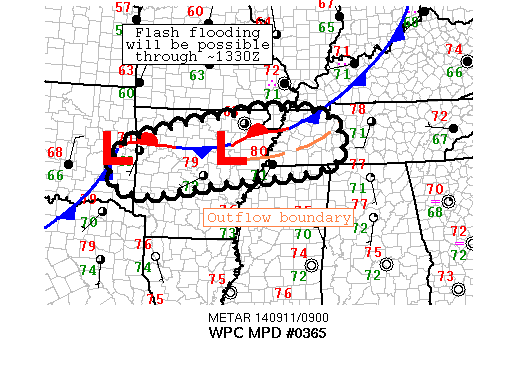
AREAS AFFECTED...WESTERN TO CENTRAL AR/SOUTHEASTERN OK/NORTHERN
MS/WESTERN TN...

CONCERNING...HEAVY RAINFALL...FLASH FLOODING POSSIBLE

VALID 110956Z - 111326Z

SUMMARY...A LOOSELY ORGANIZED AXIS OF CONVECTION CONTINUES TO
AFFECT THE NORTHERN HALF OF AR AND  WESTERN TN. HOURLY RAINFALL
RATES HAVE ALREADY APPROACHED 2 INCHES WITH AT LEAST ONE FLASH
FLOOD REPORT IN WESTERN TN. UPSTREAM DEVELOPMENT ACROSS FAR
EASTERN OK/WESTERN AR SHOULD EVENTUALLY CROSS REGIONS WHICH HAVE
ALREADY SEEN ABUNDANT RAINFALL OVERNIGHT. FLASH FLOODING IS
POSSIBLE THROUGH AT LEAST 1330Z.

DISCUSSION...A FRONTAL BOUNDARY HAS REMAINED IN A STATIONARY
POSITION ACROSS AR EASTWARD INTO WESTERN TN. AN INCREDIBLE AMOUNT
OF MOISTURE HAS ANCHORED ITSELF ALONG THIS BAROCLINIC ZONE WITH
THE 08Z RAP SUGGESTING PWATS RANGING FROM 2.25 TO 2.50 INCHES. THE
MODELS INDICATE THE HIGH END MOISTURE CONTENT SHOULD REMAIN OVER
THE REGION THE NEXT SEVERAL HOURS. THE ONGOING HEAVY RAINFALL HAS
ORIENTED ITSELF IN A WEST TO EAST FASHION WITH ADDITIONAL
DEVELOPMENT OCCURRING UPSTREAM. WATER VAPOR IMAGERY DEPICTED
SEVERAL WEAK SHORTWAVES MIGRATING EASTWARD ACROSS OK WHICH HAS
HELPED FOCUS THE UPSTREAM ACTIVITY. EXPECT THIS CONVECTION TO
DRIFT TOWARD THE EAST SPREADING HEAVY RAINFALL TO REGIONS WHICH
HAVE ALREADY SEEN 2 TO 3 INCHES OVERNIGHT. FFG VALUES STILL REMAIN
RATHER HIGH EXCEPT FOR A FEW LOCATIONS ALONG THE AR/MO BORDER.
HOWEVER...HOURLY RAINFALL RATES HAVE PROVEN TO BE HIGH ENOUGH TO
WARRANT A THREAT FOR FLASH FLOODING THROUGH THE OVERNIGHT HOURS.

WHILE SOMEWHAT VARIABLE IN PLACEMENT...A VAST MAJORITY OF THE
CONVECTION ALLOWING MODELS SUPPORT A HEAVY AXIS OF CONVECTION FROM
CENTRAL TO NORTHERN AR EASTWARD INTO WESTERN TN THROUGH 15Z. THE
LACK OF INSTABILITY AND STRONG MID-LEVEL FORCING ARE PROBABLY THE
MOST DETRIMENTAL TO ALLOWING THE ACTIVITY TO SURVIVE BEYOND THE
EARLY/MID MORNING. WILL ALLOW DAY SHIFT TO REEVALUATE THE
SITUATION.